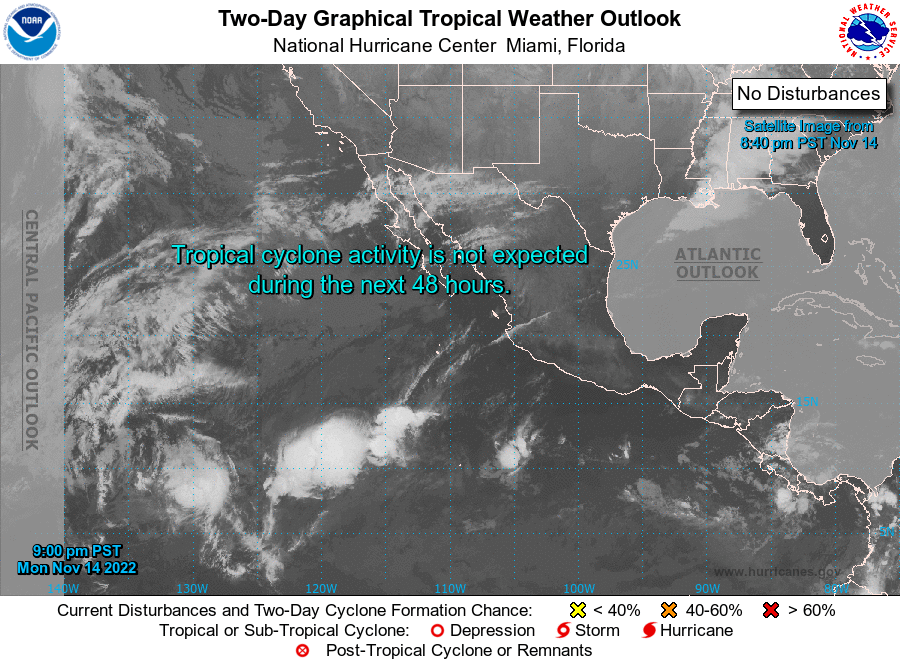
For the eastern North Pacific...east of 140 degrees west longitude:

Tropical cyclone formation is not expected during the next 5 days.

Forecaster Blake